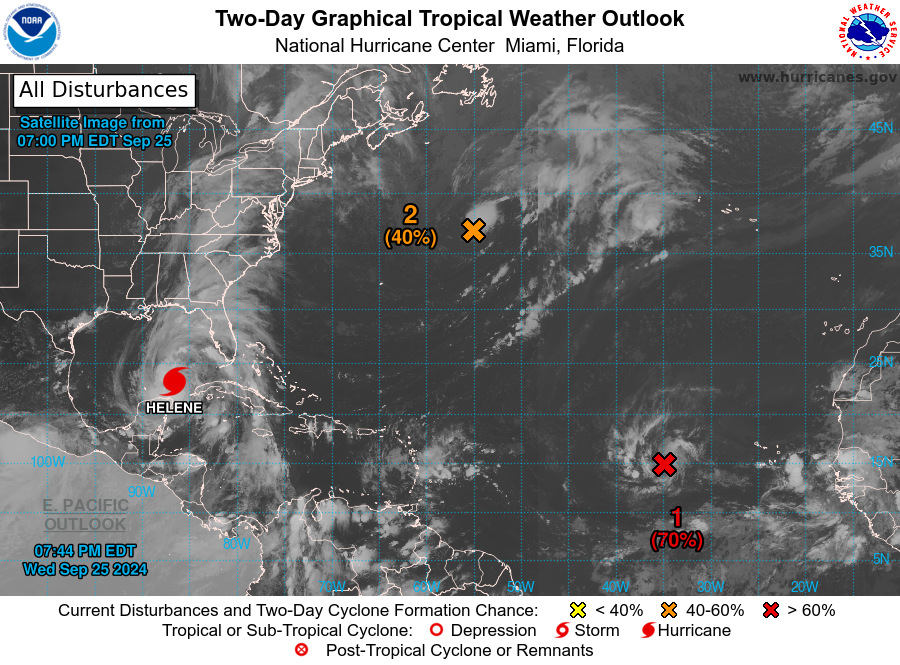
For the North Atlantic...Caribbean Sea and the Gulf of Mexico:

Active Systems: The National Hurricane Center is issuing advisories on Hurricane Helene, located over the southeastern Gulf of Mexico.

1. Eastern and Central Tropical Atlantic (AL98): Showers and thunderstorms have become slightly better organized over the past 24 hours in association with a broad low pressure system along a tropical wave located several hundred miles west of the Cabo Verde Islands. Environmental conditions appear favorable for gradual development of this system, and a tropical depression is likely to form during the next couple of days while it moves westward to west-northwestward across the eastern and central tropical Atlantic.
* Formation chance through 48 hours...high...70 percent.
* Formation chance through 7 days...high...80 percent.

2. Central Subtropical Atlantic (AL99): Showers and thunderstorms have recently increased near the center of a gale-force non-tropical area of low pressure located several hundred miles to the east-northeast of Bermuda. Environmental conditions could support the low developing some subtropical or tropical characteristics over the next few days, and a tropical or subtropical depression or storm could form late this week or this weekend as the system moves generally east-northeastward, remaining over the central subtropical Atlantic. Additional information on this system, including gale warnings, can be found in High Seas Forecasts issued by the National Weather Service.
* Formation chance through 48 hours...medium...40 percent.
* Formation chance through 7 days...medium...40 percent.

High Seas Forecasts issued by the National Weather Service can be found under AWIPS header NFDHSFAT1, WMO header FZNT01 KWBC, and online at ocean.weather.gov/shtml/NFDHSFAT1.php

Forecaster Hagen